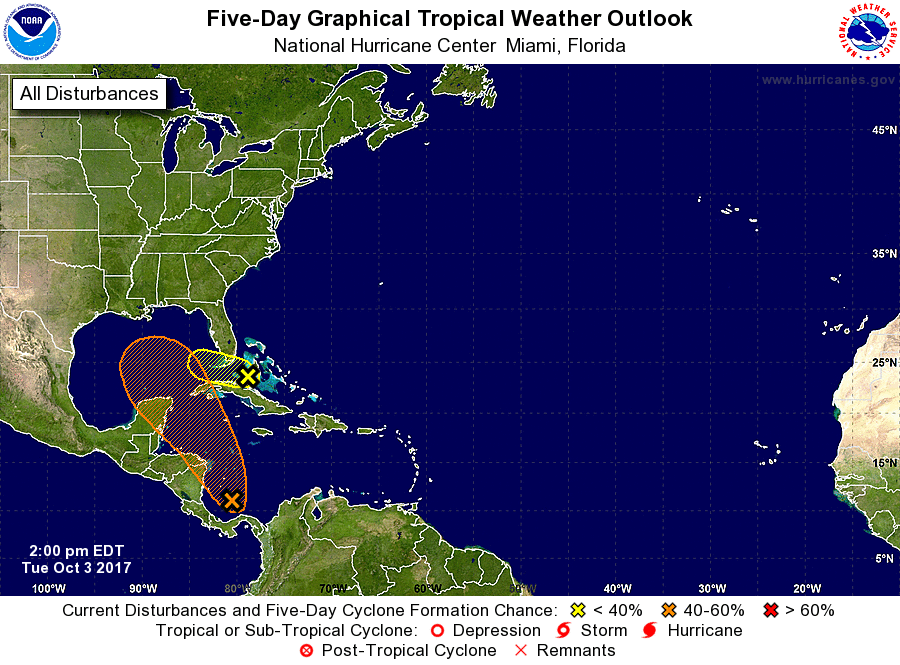
For the North Atlantic...Caribbean Sea and the Gulf of Mexico:

1. Satellite images and surface observations indicate that a broad area of low pressure has formed over the southwestern Caribbean Sea. Environmental conditions appear generally conducive for development, and this system could become a tropical depression within the next few days while it drifts northwestward to northward across the northwestern Caribbean and adjacent land areas and into the Gulf of Mexico by the weekend. Regardless of development, this system will likely produce heavy rains over portions of Central America during the next few days.
* Formation chance through 48 hours...medium...40 percent.
* Formation chance through 5 days...medium...60 percent.

2. A trough of low pressure located over Cuba and near the northwestern Bahamas is producing a large area of disorganized showers and gusty winds. Although significant development of this system is not expected due to strong upper-level winds, this system will likely produce heavy rain and gusty winds over portions of the Bahamas and Florida during the next couple of days.
* Formation chance through 48 hours...low...10 percent.
* Formation chance through 5 days...low...10 percent.

Forecaster Cangialosi